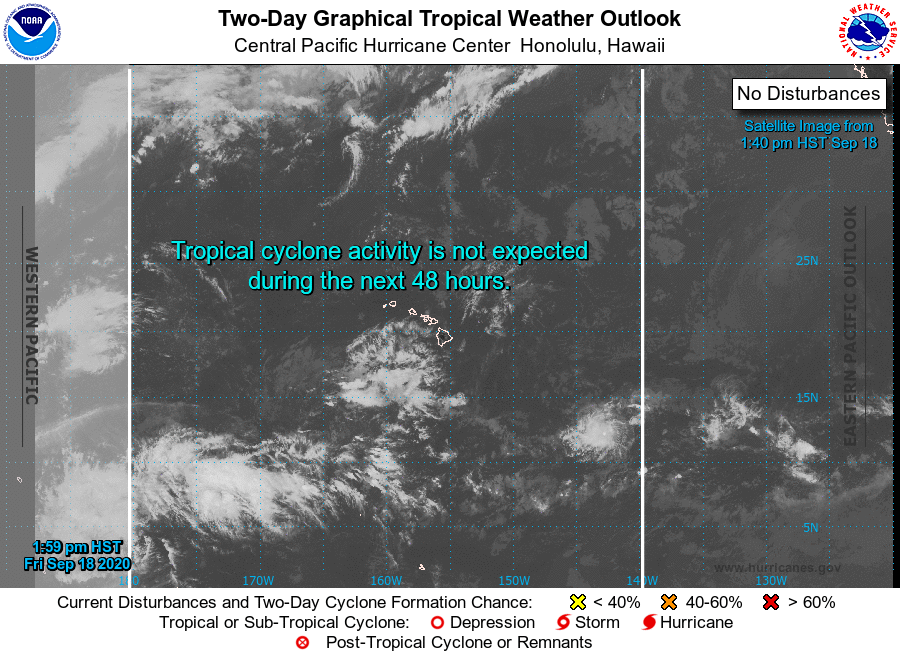
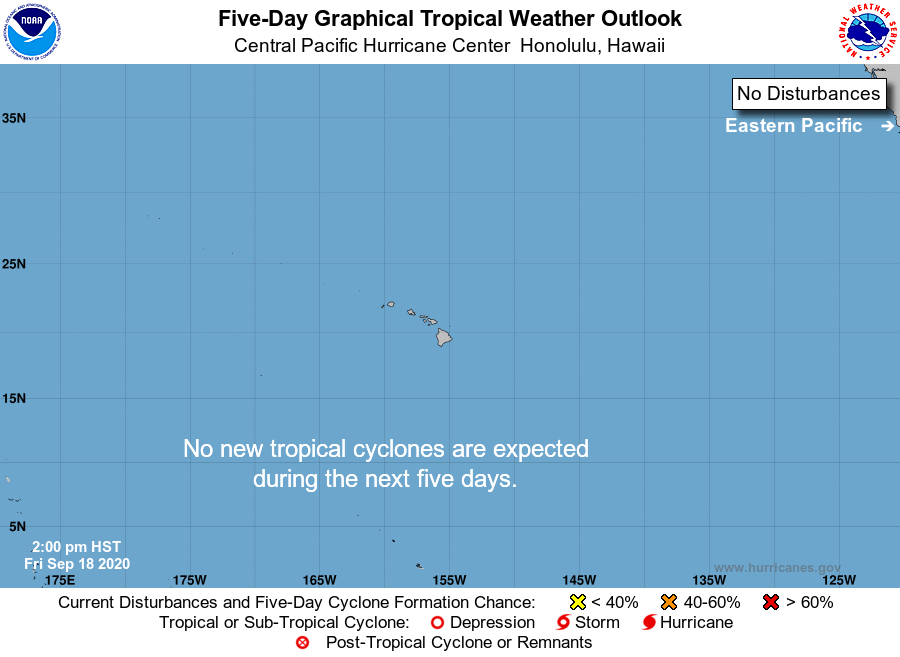
For the central North Pacific...between 140W and 180W:

No tropical cyclones are expected during the next 5 days.

Forecaster TS